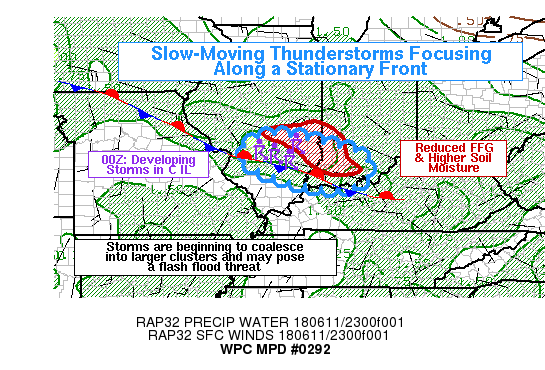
AREAS AFFECTED...SOUTH-CENTRAL ILLINOIS...SOUTHWEST INDIANA

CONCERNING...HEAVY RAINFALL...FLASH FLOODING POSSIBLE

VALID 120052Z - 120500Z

SUMMARY...THUNDERSTORMS WERE BECOMING MORE NUMEROUS BY 7 PM CDT
ACROSS SOUTH-CENTRAL ILLINOIS ALONG A STATIONARY FRONT. THESE
STORMS SHOULD CONTINUE TO COALESCE INTO LARGER CLUSTERS AS THEY
SLOWLY MOVE EAST-SOUTHEAST...AND MAY POSE A FLASH FLOOD THREAT.
RAIN RATES UP TO 2 IN/HR WILL BE POSSIBLE...AND THE STORMS MAY
EVENTUALLY SPREAD INTO SOUTHWEST INDIANA.

DISCUSSION...SURFACE OBSERVATIONS DEPICTED A WELL-DEFINED FRONT
ACROSS SOUTH-CENTRAL ILLINOIS OVER THE PAST COUPLE HOURS. WHEN
CONVECTION WAS BEGINNING TO INITIATE AROUND 22Z...THE REGION SOUTH
OF THE BOUNDARY WAS CHARACTERIZED BY SURFACE TEMPERATURES
GENERALLY 89-93 DEGREES WITH DEWPOINTS IN THE LOW 70S AND
SOUTHWEST WINDS. THE INFLOW REGION ALSO HAD ANALYZED SBCAPE IN
EXCESS OF 3000 J/KG INDICATING A STRONGLY UNSTABLE AIR MASS. TO
THE NORTH...GOES-16 VISIBLE SATELLITE IMAGERY SHOWED MORE STABLE
STRATUS CLOUDS...EASTERLY FLOW...AND SURFACE TEMPERATURES
GENERALLY BELOW 80 DEGREES. IN THE FEW HOURS SINCE...CONVECTION
HAS BECOME MORE NUMEROUS ALONG AND JUST NORTH OF THE BOUNDARY
WHERE THE RAP ANALYZED A POOL OF HIGHER 925-850MB DEWPOINTS (+16C
TO +18C AT 850MB) AND A COINCIDENT RIBBON OF HIGHER PRECIPITABLE
WATER VALUES. THE SHARP LOW-LEVEL FOCUS FOR CONVECTION COMBINED
WITH THE UNSTABLE AND MOIST ENVIRONMENT SHOULD CONTINUE TO SUPPORT
FAIRLY WIDESPREAD THUNDERSTORMS AND A LIKELY CORRIDOR WHERE THEY
WILL TRACK.

THE STORMS WERE EXHIBITING VERY SLOW MOTIONS AROUND 00Z...WITH THE
RAP ANALYZED FORWARD PROPAGATING MOTION VECTORS ONLY AROUND 10-15
KNOTS. AS THE CONVECTION CONTINUES TO COALESCE INTO LARGER
CLUSTERS...THEY MAY BEGIN TO ACCELERATE TO THE SOUTHEAST BUT THE
FORWARD SPEED IS STILL LIKELY TO BE SOMEWHAT LIMITED. THIS MAY
PROLONG HEAVY RAINFALL IN A GIVEN LOCATION AND INCREASE THE FLASH
FLOODING THREAT. ADDITIONALLY...NEW UPDRAFT GROWTH CONTINUES AHEAD
OF THE DOMINANT CLUSTERS (CURRENTLY IN THE I-70 CORRIDOR) AND THIS
MAY FAVOR FURTHER CELL MERGERS AND HEAVY RAINFALL THREAT. GIVEN
THIS...RAIN RATES TO AROUND 2 IN/HR SEEM ACHIEVABLE. WITH REDUCED
FLASH FLOOD GUIDANCE AND ELEVATED SOIL MOISTURE ACROSS PORTIONS OF
THE AREA THAT HAVE RECEIVED HEAVY RAINFALL IN THE PREVIOUS 24
HOURS...THESE RAIN RATES COULD BE SUFFICIENT TO PRODUCE SOME
INSTANCES OF FLASH FLOODING.